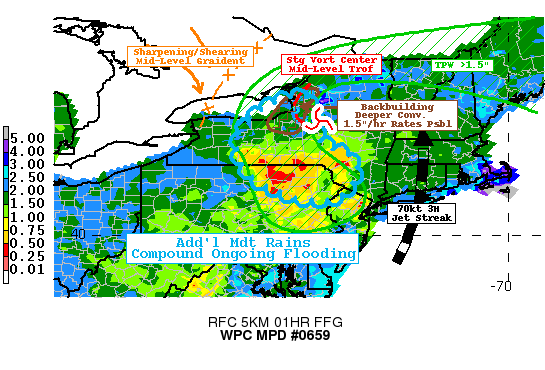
Areas affected...Central NY...North Central & Northeast PA...

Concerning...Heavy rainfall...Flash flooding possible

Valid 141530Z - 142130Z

SUMMARY...Limited instability but sufficient moisture and dynamic
ascent to support weak convection over saturated soils continuing
flooding through afternoon.

DISCUSSION...Overall there is a significant downward trend/warming
in 10.3um IR imagery but small breaks in clouds build up some
surface heating for up to 500 J/kg.   The vertically stacked low
over Oneida/Madison county is providing DPVA ascent; WV suite
depicts some shearing/confluence from western approaching trof, to
help tighten the gradient and upper level divergence for continued
ascent.  Coincident deep moisture with low 70s Tds over eastern
Lake Ontario to the Sequehanna Valley and stacked saturated
moisture supports a narrow band of 1.6-1.7" TPWs from the lake to
northeast PA, starting to wrap around the base of the cyclone and
break the dry slot over the Hudson Valley.  All combined this
environment is supporting percolating shallow CU/TCU across
flooded areas with rates up to .5"/hr.  Slow cell motions may
support as much as an additional 1-1.25" over the next 3-5hrs.
Both rates would exceed the compromised FFG values in the region
keeping flooding ongoing.   However, the weakness of the
updrafts/rates are not likely to produce flashy hydrologic
conditions per se, except in the most intense (but narrow)
downdrafts over the most compromised areas.  Still, the additional
rainfall will keep the flooding hazard high.

Greatest risk for prolonged, strongest updrafts with some
potential back-building will be along the eastern periphery of
Lake Ontario along the western edge of the dry slot where modest
moisture remains but clearer skies will support an increase in
instability up to SBCAPE 1500 J/kg, over Lewis/Oswego to
Onondaga/Cayuga counties, where heavy rain has not fallen over the
last few days. Here the rain rates may be sufficient to exceed the
higher FFG, in the 1.5"/hr range, here the back-building/ repeat
cells will be need to produce flash flooding conditions, and that
remains a bit uncertain.

Either area will have positives and negatives toward flash
flooding to occur, so it is considered possible given the
uncertainty or slower compiling/inundation nature to the flooding.